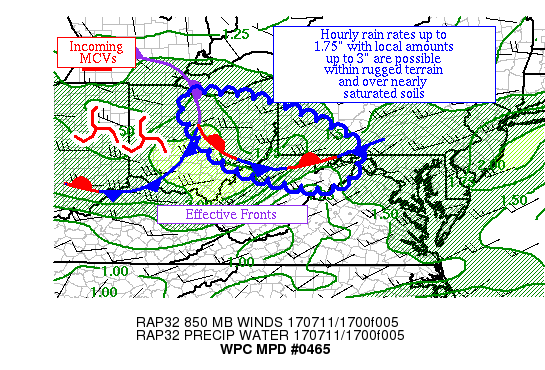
AREAS AFFECTED...SOUTHEAST OH & SOUTHWEST PA

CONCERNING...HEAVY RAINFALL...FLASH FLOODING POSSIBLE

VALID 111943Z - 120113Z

SUMMARY...THUNDERSTORMS NEAR THE OH/WV/PA BORDER JUNCTION COULD
LEAD TO HOURLY RAIN RATES UP TO 1.75" WITH LOCAL AMOUNTS TO 3".

DISCUSSION...THUNDERSTORMS ARE GROWING IN COVERAGE ACROSS
SOUTHEAST OH, THE NORTHERN WV PANHANDLE, AND SOUTHWEST PA IN THE
VICINITY OF A WEAK THERMAL BOUNDARY.  A PAIR OF MCVs ARE EVIDENT
ON RADAR IMAGERY NEAR THE SOUTHERN BORDER OF OH/IN.  INFLOW AT 850
IS SLIGHTLY CONVERGENT AND NEAR 20 KTS, NEAR THE MAGNITUDE OF THE
850-400 MEAN WIND.  EFFECTIVE BULK SHEAR OF 20-25 KTS EXIST HERE
PER SPC MESOANALYSES.  MLCAPE VALUES ARE 1000-2000 J/KG.
PRECIPITABLE WATER VALUES AT 14Z WERE NEAR 1.5" PER GPS VALUES,
AND RECENT RAP RUNS INDICATE A FURTHER INCREASE SINCE THEN.

RAP FORECAST FIELDS INDICATE SOME INCREASE IN LOW-LEVEL INFLOW IS
EXPECTED AS THE MCVs APPROACH, PERHAPS EXCEEDING THE MEAN LAYER
WIND BY 50%, WHICH WOULD AID PRECIPITATION EFFICIENCY.  HOURLY
RAIN RATES UP TO 1.75" IS EXPECTED BASED ON THE AVAILABLE MOISTURE
AND INSTABILITY.  THE MESOSCALE GUIDANCE SHOWS A WIDELY SCATTERED
SIGNAL FOR HEAVY RAIN AMOUNTS, WITH AN AGREEABLE SIGNAL FOR LOCAL
AMOUNTS OF 3", PARTICULARLY NEAR EASTERNMOST OH AND SOUTHWEST PA.
THE UPTICK IN CONVECTION AND HEAVY RAIN COULD CONTINUE UNTIL 01Z
BEFORE FADING THEREAFTER, BASED ON THE SIGNAL IN THE 06Z SSEO
NEIGHBORHOOD PROBABILITIES. THE EFFECTIVE FRONT/THERMAL BOUNDARY
COULD SAG A LITTLE TO THE SOUTH, WHICH WAS ACCOUNTED FOR IN THE
AREA DEPICTED.  CONSIDERING SATURATED SOILS AND SOME RUGGED
TOPOGRAPHY IN THIS REGION, FLASH FLOODING IS A CONCERN.